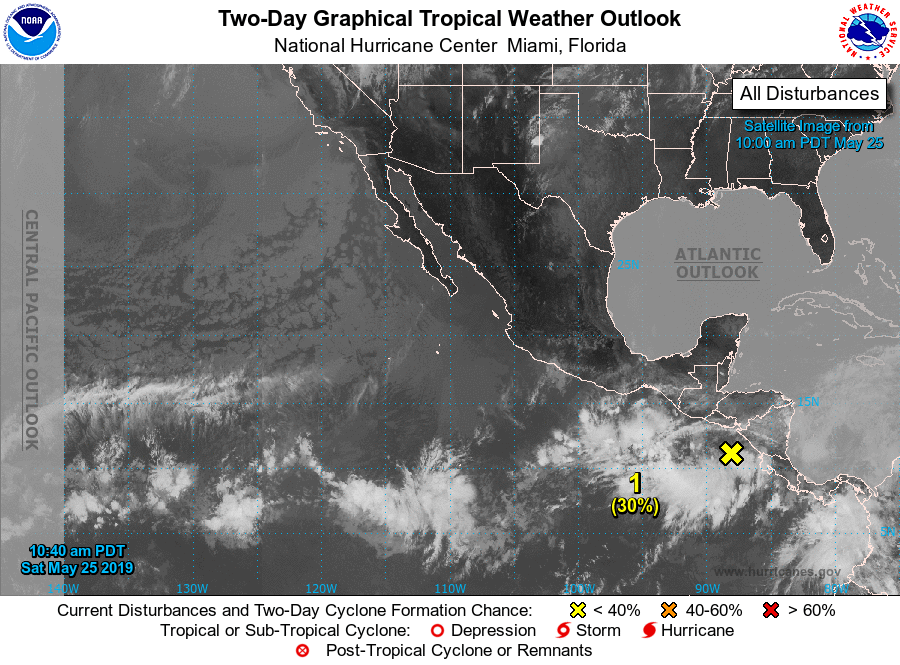
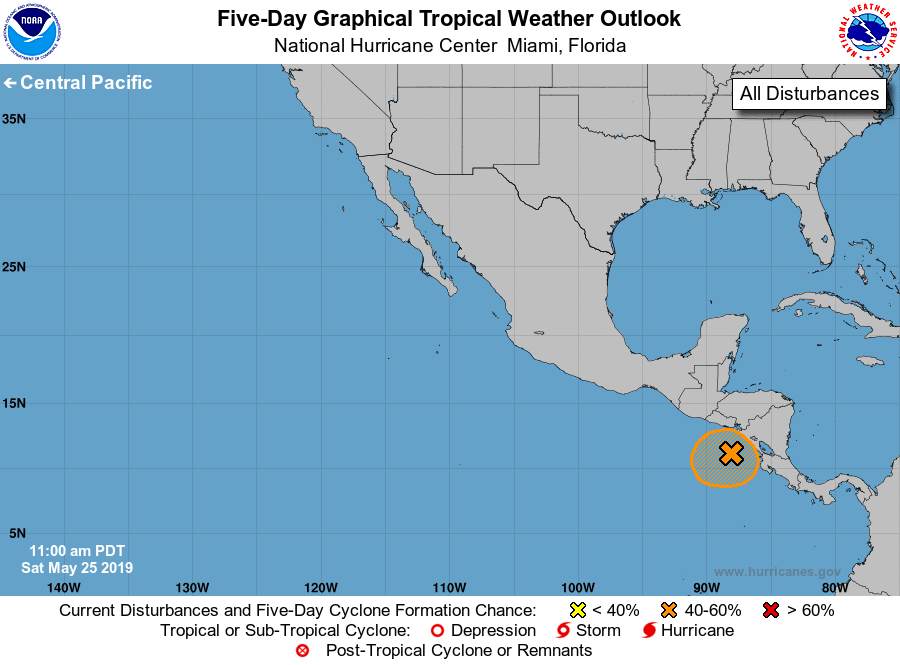
For the eastern North Pacific...east of 140 degrees west longitude:

1. Showers and thunderstorms continue in association with a broad area of low pressure over the far eastern Pacific. This system is expected to move little during the next few days, and some gradual development is possible while the disturbance remains offshore. Regardless of development, locally heavy rains are likely to continue over portions of Central America into early next week. These rains could cause flash flooding and mudslides in areas of mountainous terrain.
* Formation chance through 48 hours...low...30 percent.
* Formation chance through 5 days...medium...40 percent.

Forecaster Latto/Brown